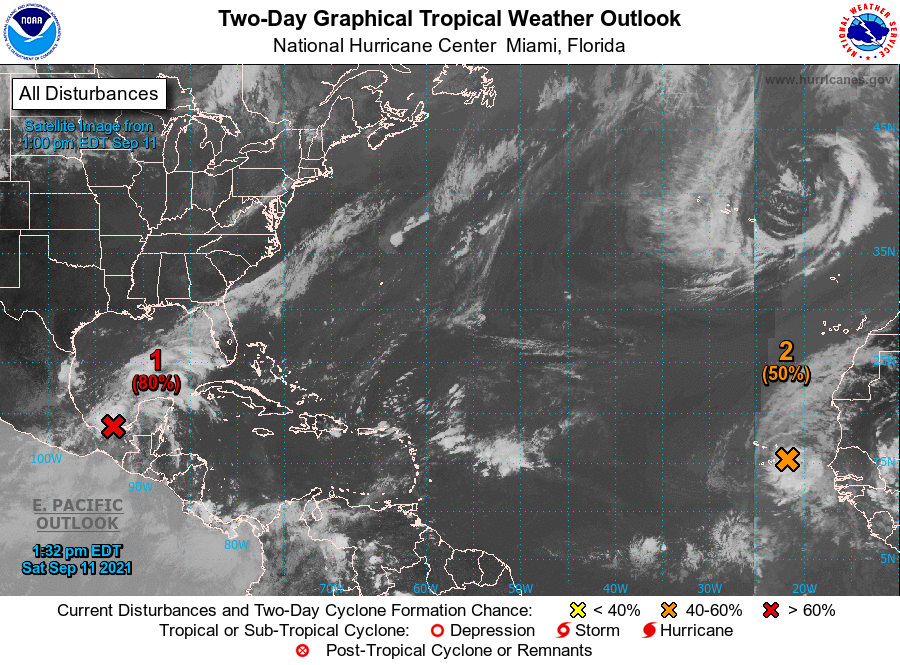
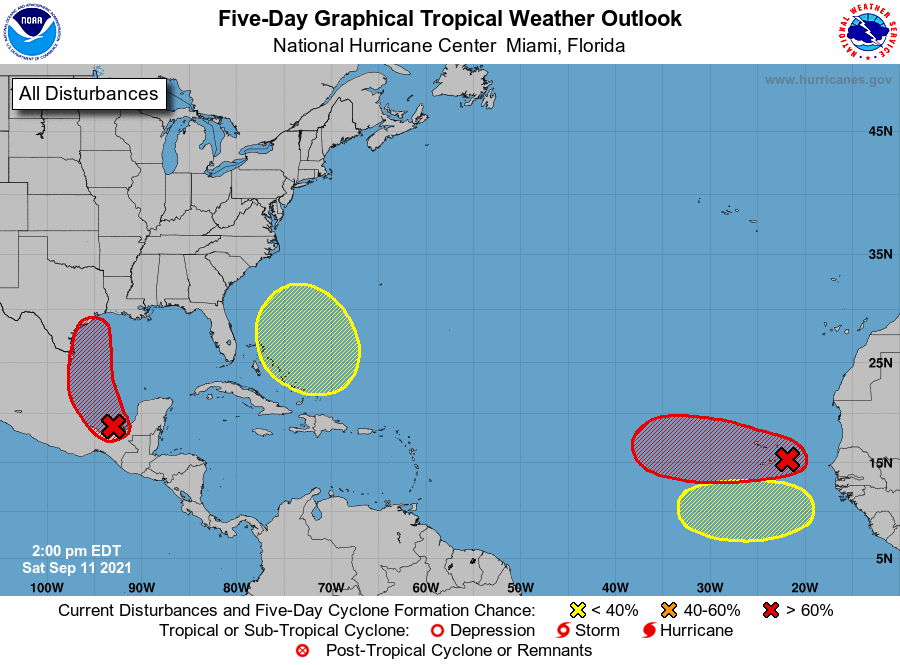
For the North Atlantic...Caribbean Sea and the Gulf of Mexico:

The National Hurricane Center has issued the last advisory on Post-Tropical Cyclone Larry, located over the Labrador Sea.

A tropical wave and an upper-level trough continue to produce a large area of disorganized showers and thunderstorms over portions of southeastern Mexico and the southern and central Gulf of Mexico. Although upper-level winds are not conducive for development currently, they are expected to become more favorable for the system during the next day or so. A tropical depression is likely to form on Sunday or Monday while the disturbance moves northwestward and then northward near the coast of northeastern Mexico. Further development will be possible through the middle of next week if it remains over water, and interests along the western and northwestern Gulf coast should monitor the progress of this system. An Air Force Hurricane Hunter aircraft is scheduled to investigate the system tomorrow.

1. Regardless of development, this disturbance is expected to produce heavy rain across portions of Central America and the Yucatan Peninsula through today which may lead to flash flooding and mudslides. By late this weekend, heavy rain will likely reach portions of the western Gulf coast, including coastal Texas and Louisiana through the middle of next week. Localized significant rainfall amounts will be possible, potentially resulting in areas of flash and urban flooding.
* Formation chance through 48 hours...high...80 percent.
* Formation chance through 5 days...high...90 percent.

2. Showers and thunderstorms have not become any better organized in association with a tropical wave located just southeast of the Cabo Verde Islands. Environmental conditions appear generally conducive for gradual development, and a tropical depression is likely to form late this weekend or early next week while the system moves westward over the far eastern Atlantic. Regardless of development, this disturbance is likely to bring gusty winds and locally heavy rain across the Cabo Verde Islands later today and tonight.
* Formation chance through 48 hours...medium...50 percent.
* Formation chance through 5 days...high...70 percent.

3. Another tropical wave is expected to move off the west coast of Africa in a few days. Some development of this system will be possible through the middle of next week while it moves westward across the eastern tropical Atlantic Ocean.
* Formation chance through 48 hours...low...near 0 percent.
* Formation chance through 5 days...low...20 percent.

4. An area of low pressure is expected to form near the southeastern Bahamas in a few days. Gradual development of this system is possible thereafter as it moves northwestward across the western Atlantic.
* Formation chance through 48 hours...low...near 0 percent.
* Formation chance through 5 days...low...20 percent.

Forecaster Cangialosi